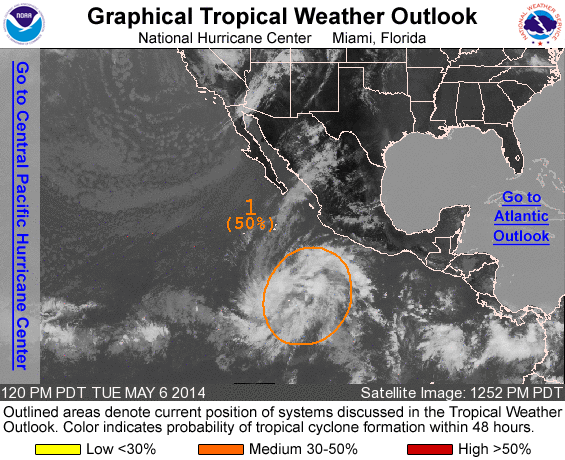
FOR THE EASTERN NORTH PACIFIC...EAST OF 140 DEGREES WEST LONGITUDE..

1. A LARGE AREA OF DISTURBED WEATHER LOCATED SEVERAL HUNDRED MILES SOUTH OF MANZANILLO MEXICO IS ASSOCIATED WITH AN ELONGATED AREA OF LOW PRESSURE. THIS SYSTEM IS EXPECTED TO MOVE GENERALLY NORTHWARD AND THEN NORTHEASTWARD TOWARD THE COAST OF MEXICO OVER THE NEXT COUPLE OF DAYS. ENVIRONMENTAL CONDITIONS APPEAR TO BE FAVORABLE FOR SOME DEVELOPMENT DURING THE NEXT DAY OR SO...BUT UPPER-LEVEL WINDS ARE FORECAST TO BECOME LESS CONDUCIVE WHEN THE DISTURBANCE APPROACHES THE COAST LATER THIS WEEK. THIS SYSTEM HAS A MEDIUM CHANCE...50 PERCENT...OF BECOMING A TROPICAL CYCLONE DURING THE NEXT 48 HOURS...AND A MEDIUM CHANCE...50 PERCENT...OF BECOMING A TROPICAL CYCLONE DURING THE NEXT 5 DAYS. REGARDLESS OF DEVELOPMENT...LOCALLY HEAVY RAINS COULD AFFECT PORTIONS OF SOUTHWESTERN MEXICO OVER THE NEXT FEW DAYS.

ANOTHER SPECIAL TROPICAL WEATHER OUTLOOK WILL BE ISSUED BY 8 AM PDT WEDNESDAY...OR SOONER IF NECESSARY.

FORECASTER PASCH